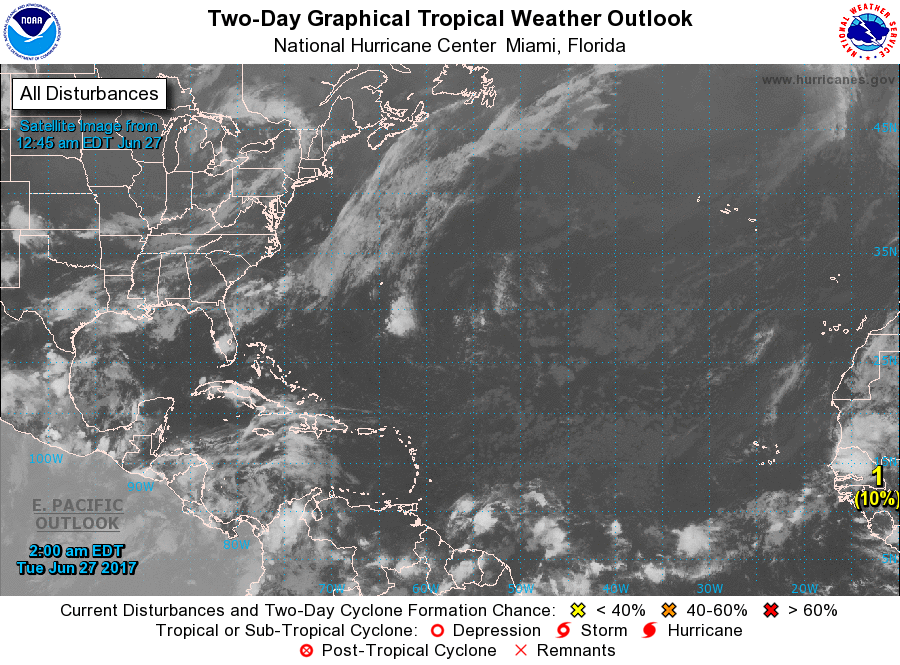
For the North Atlantic...Caribbean Sea and the Gulf of Mexico:

1. A tropical wave over western Africa is forecast to emerge into the far eastern Atlantic Ocean on Wednesday. Some development of this system is then possible until the weekend when environmental conditions are forecast to be less favorable for further organization.
* Formation chance through 48 hours...low...10 percent.
* Formation chance through 5 days...low...20 percent.

Forecaster Blake